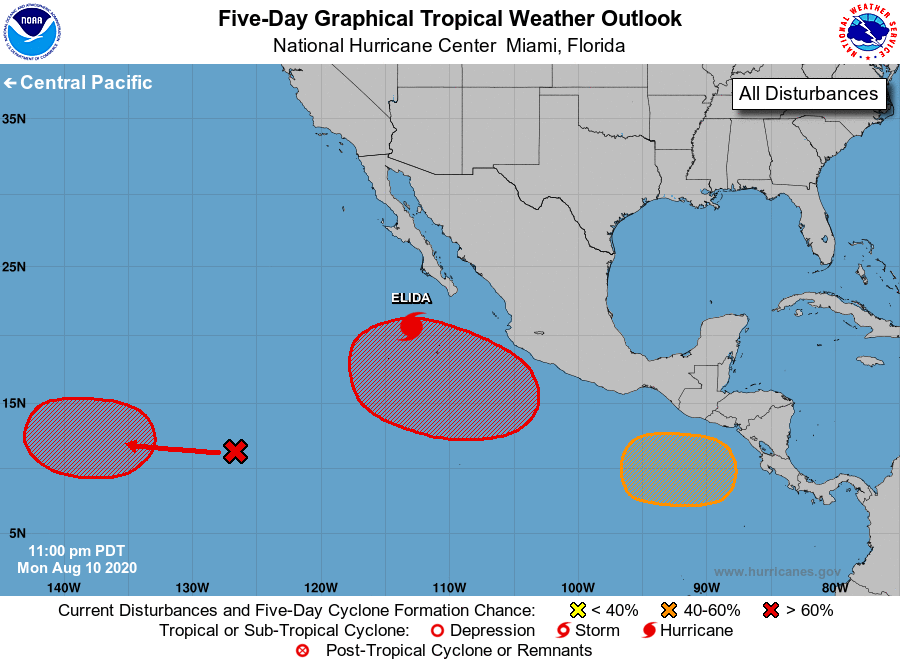
For the eastern North Pacific...east of 140 degrees west longitude:

The National Hurricane Center is issuing advisories on Hurricane Elida, located a couple hundred hundred miles southwest of the southern tip of the Baja California peninsula.

1. An elongated area of disturbed weather is located around 1500 miles southwest of the southern tip of the Baja California peninsula. A low pressure system is expected to form within this area in a day or two, and it will likely become a tropical depression late this week. The system is expected to move slowly westward toward the central Pacific basin during the next several days.
* Formation chance through 48 hours...low...20 percent.
* Formation chance through 5 days...high...70 percent.

2. An area of low pressure is forecast to develop well south or southwest of the southwestern coast of Mexico in a couple of days. Environmental conditions appear conducive for development thereafter, and this system will likely become a tropical depression late this week or over the weekend while it moves generally west-northwestward.
* Formation chance through 48 hours...low...near 0 percent.
* Formation chance through 5 days...high...70 percent.

3. Another area of low pressure is expected to form in a few days over the far eastern portion of the basin to the south of the coast of Central America. Gradual development of this system is possible, and a tropical depression could form this weekend while it moves generally west-northwestward.
* Formation chance through 48 hours...low...near 0 percent.
* Formation chance through 5 days...medium...40 percent.

Forecaster Zelinsky